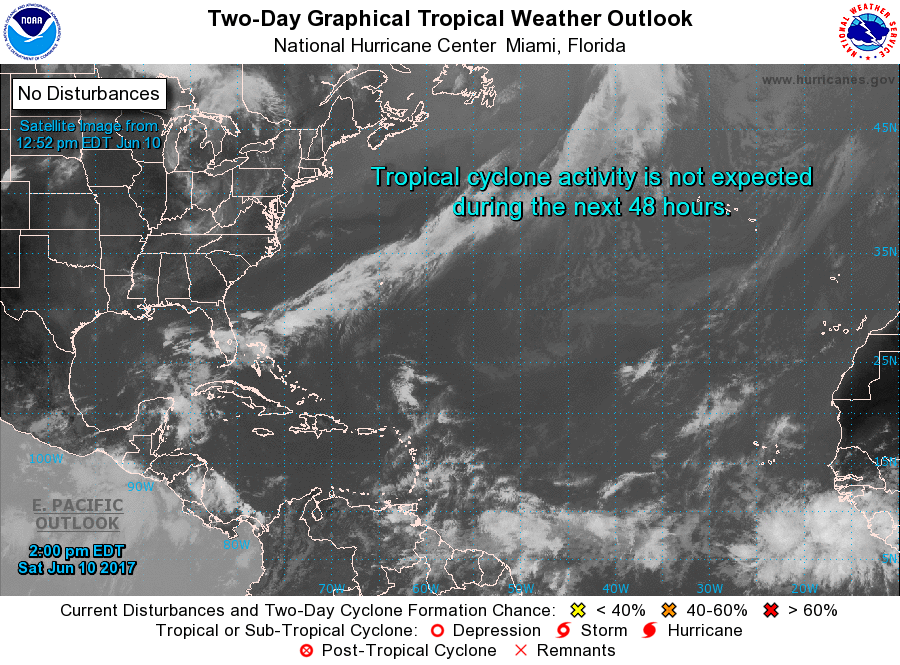
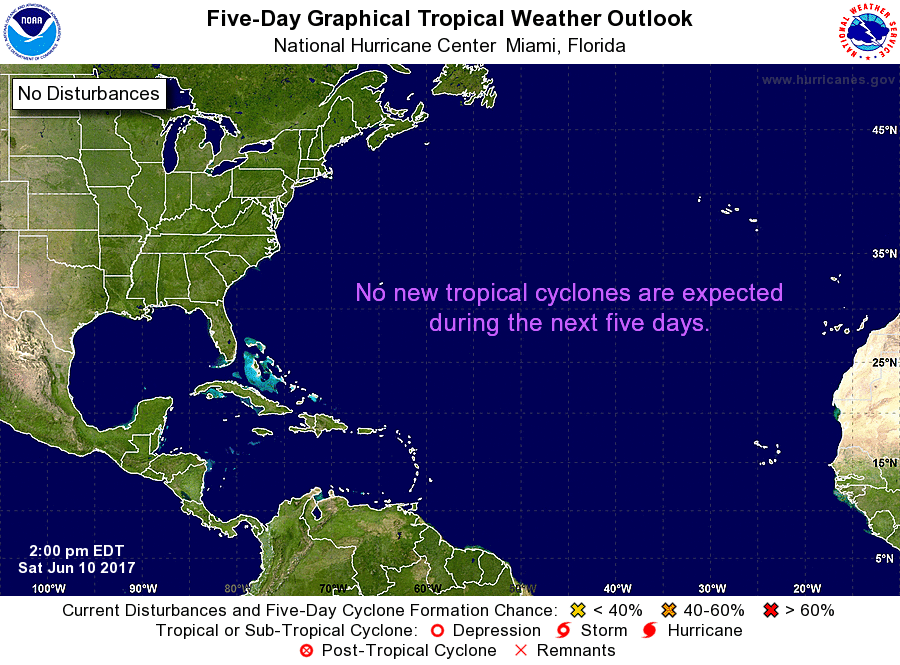
For the North Atlantic...Caribbean Sea and the Gulf of Mexico:

Tropical cyclone formation is not expected during the next 5 days.

Forecaster Cangialosi